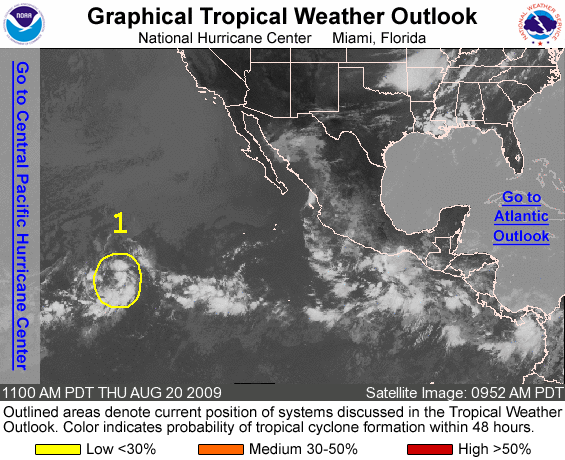
FOR THE EASTERN NORTH PACIFIC...EAST OF 140 DEGREES WEST LONGITUDE..

1. AN AREA OF SHOWERS AND THUNDERSTORMS ASSOCIATED WITH A TROPICAL WAVE LOCATED ABOUT 1500 MILES WEST-SOUTHWEST OF THE SOUTHERN TIP OF BAJA CALIFORNIA IS SHOWING SOME SIGNS OF ORGANIZATION. SOME FURTHER DEVELOPMENT OF THIS SYSTEM IS POSSIBLE OVER THE NEXT COUPLE OF DAYS AS IT MOVES WESTWARD AT ABOUT 10 MPH. THERE IS A LOW CHANCE...LESS THAN 30 PERCENT...OF THIS SYSTEM BECOMING A TROPICAL CYCLONE DURING THE NEXT 48 HOURS.

ELSEWHERE...TROPICAL CYCLONE FORMATION IS NOT EXPECTED DURING THE NEXT 48 HOURS.

FORECASTER BLAKE